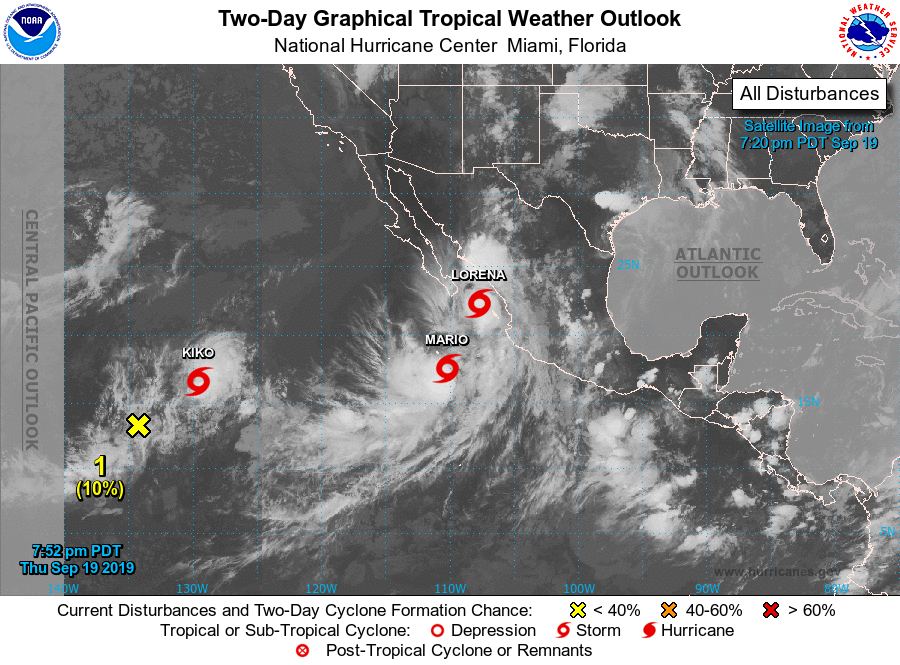
For the eastern North Pacific...east of 140 degrees west longitude:

The National Hurricane Center is issuing advisories on Tropical Storm Kiko, located over the far southwestern part of the basin, on Tropical Storm Mario, located several hundred miles south of the southern tip of the Baja California peninsula, and on Tropical Storm Lorena, located near the Islas Marias Islands.

1. Thunderstorm activity associated with an elongated area of low pressure located over the far southwestern portion of the eastern North Pacific remains disorganized. Some slow development of this system is possible during the next day or two while it remains nearly stationary. Further development is unlikely after that time as the system interacts with and is possibly absorbed by Kiko.
* Formation chance through 48 hours...low...10 percent.
* Formation chance through 5 days...low...10 percent.

2. An area of low pressure could form south of the southern coast of Mexico in a day or two. However, development into a tropical cyclone during the next five days appears unlikely.
* Formation chance through 48 hours...low...near 0 percent.
* Formation chance through 5 days...low...near 0 percent.

Forecaster Beven